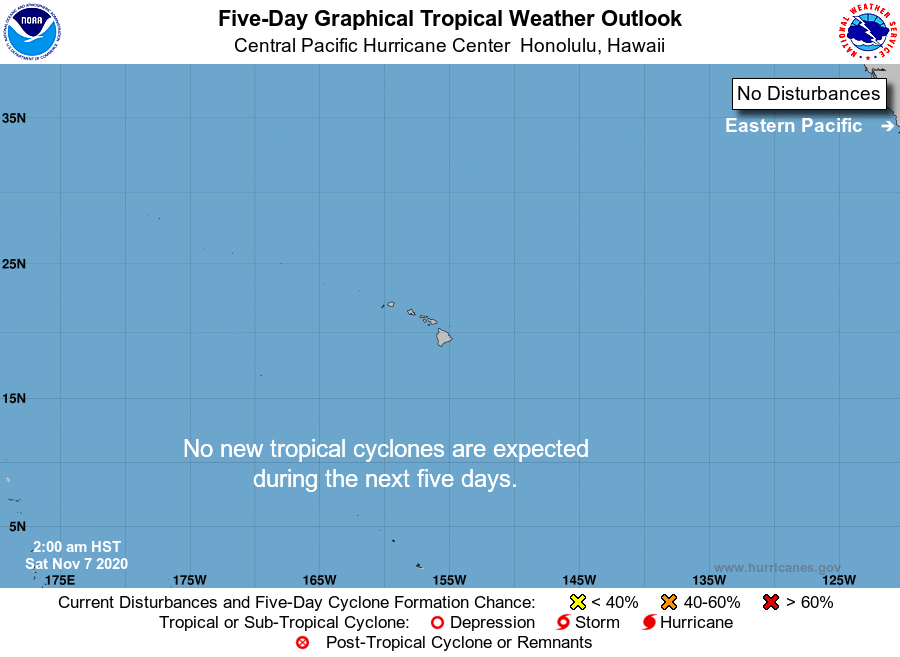
For the central North Pacific...between 140W and 180W:

No tropical cyclones are expected during the next 5 days.

Forecaster Lau